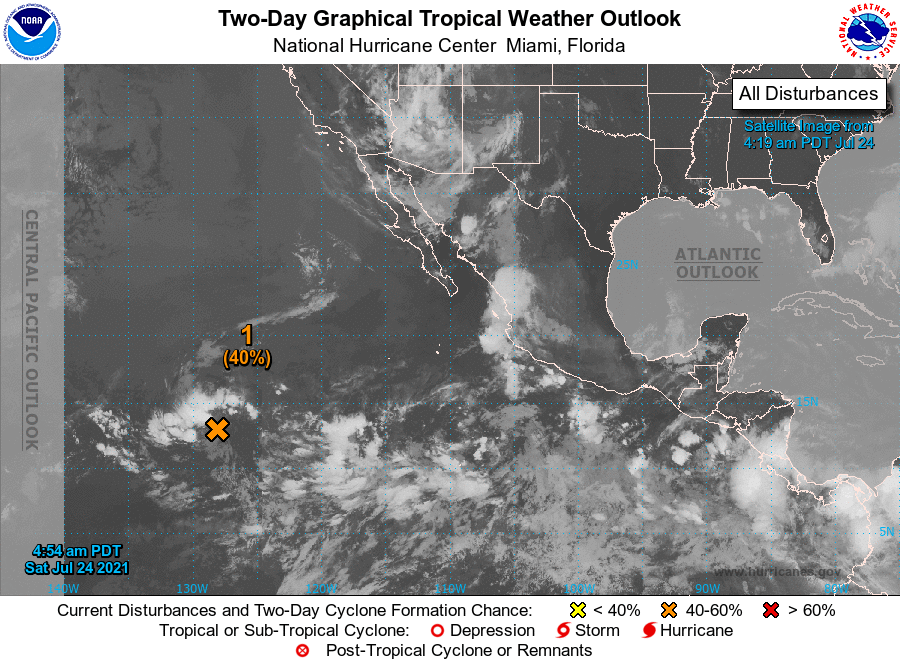
For the eastern North Pacific...east of 140 degrees west longitude:

1. A broad area of low pressure located about 1400 miles west-southwest of the southern tip of the Baja California peninsula continues to produce disorganized showers and thunderstorms. Environmental conditions are generally conducive for development, and this system could become a tropical depression this weekend or early next week before it reaches cooler waters while moving westward at 10 to 15 mph.
* Formation chance through 48 hours...medium...40 percent.
* Formation chance through 5 days...medium...50 percent.

Forecaster Papin/Beven